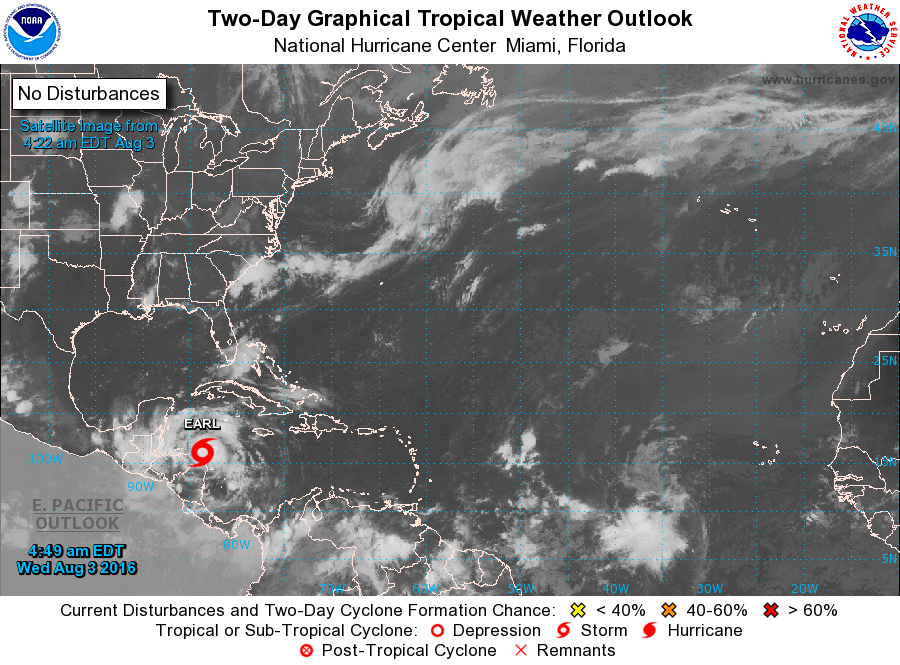
For the North Atlantic...Caribbean Sea and the Gulf of Mexico:

The National Hurricane Center is issuing advisories on Tropical Storm Earl, located in the western Caribbean Sea.

Tropical cyclone formation is not expected during the next 5 days.

&&
Public Advisories on Earl are issued under WMO header WTNT35 KNHC and under AWIPS header MIATCPAT5. Forecast/Advisories are issued under WMO header WTNT25 KNHC and under AWIPS header MIATCMAT5.

Forecaster Beven